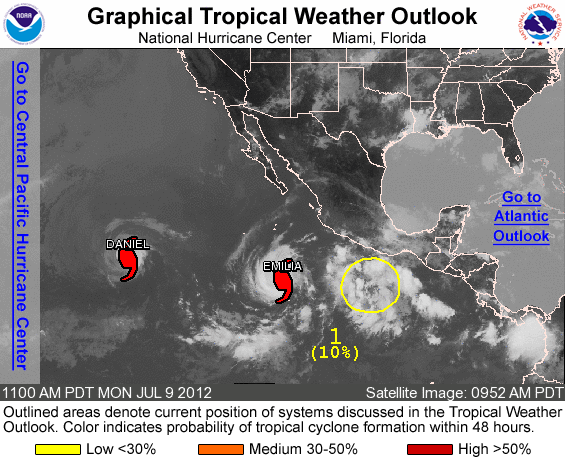
FOR THE EASTERN NORTH PACIFIC...EAST OF 140 DEGREES WEST LONGITUDE..

THE NATIONAL HURRICANE CENTER IS ISSUING ADVISORIES ON HURRICANE DANIEL...LOCATED ABOUT 1355 MILES WEST-SOUTHWEST OF THE SOUTHERN TIP OF BAJA CALIFORNIA MEXICO...AND ON HURRICANE EMILIA...LOCATED ABOUT 710 MILES SOUTH OF THE SOUTHERN TIP OF BAJA CALIFORNIA.

1. A BROAD LOW PRESSURE AREA LOCATED SEVERAL HUNDRED MILES SOUTH OF ACAPULCO MEXICO IS PRODUCING DISORGANIZED SHOWERS AND THUNDERSTORMS. SOME SLOW DEVELOPMENT OF THIS SYSTEM IS POSSIBLE OVER THE NEXT COUPLE OF DAYS. THIS SYSTEM HAS A LOW CHANCE...10 PERCENT...OF BECOMING A TROPICAL CYCLONE DURING THE NEXT 48 HOURS.

ELSEWHERE...TROPICAL CYCLONE FORMATION IS NOT EXPECTED DURING THE NEXT 48 HOURS.

FORECASTER PASCH